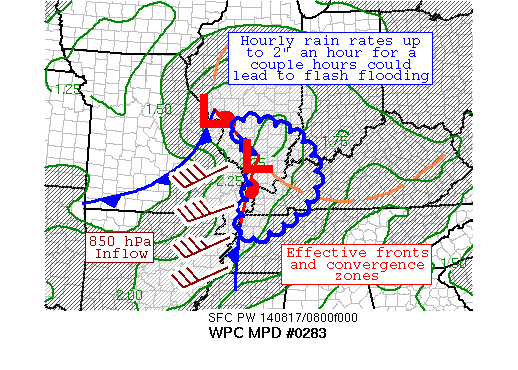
AREAS AFFECTED...PORTIONS OF MID-MISSISSIPPI VALLEY

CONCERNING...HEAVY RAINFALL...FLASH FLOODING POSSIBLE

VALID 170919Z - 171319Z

SUMMARY...BROAD 30-45 KNOT 850 HPA INFLOW HAS CAUSED A RECENT
EXPANSION OF THUNDERSTORM ACTIVITY ACROSS SOUTHERN IL, WHICH
SHOULD SHIFT SOUTHWARD INTO WESTERN KY WITH TIME.  FLASH FLOODING
IS POSSIBLE.

DISCUSSION...RECENT REDEVELOPMENT OF CONVECTION ACROSS SOUTHERN IL
NEAR A STATIONARY FRONT APPEARS TIED TO A RECENT INCREASE OF 850
HPA INFLOW FROM 30-45 KNOTS PER AREA VAD WIND PROFILES.  THIS IS
CAUSING SOME CELL TRAINING ACROSS SOUTHERN IL, WHICH HAS RECEIVED
3-5" OF RAIN OVER THE PAST FEW HOURS PER RADAR ESTIMATES, NEAR
THEIR FLASH FLOOD GUIDANCE.  THIS STRENGTHENED INFLOW HAS BEEN
ABLE TO TAP FAIRLY DISTANT 500+ J/KG CAPE ACROSS SOUTHEAST MO.

THE EXPECTATION, NOW THAT THE INFLOW HAS INCREASED, IS FOR CELL
TRAINING ACROSS SOUTHERN IL AND WESTERN KY ACROSS THE NEXT SEVERAL
HOURS.  NONE OF THE MESOSCALE QPF HAS BEEN CLOSE TO CORRECT
CONCERNING THE MAGNITUDE OF THE PRECIPITATION THUS FAR, OTHER THAN
THE 12Z RUN OF EXREF MEMBER NUMBER 7 AND A RANDOM RUN OF THE HRRR
FROM SEVERAL HOURS AGO.  HOURLY RAIN RATES OF UP TO 2.5" AN HOUR
ARE SUPPORTED FROM THE 2.25" PRECIPITABLE WATER VALUES, WHICH
COULD LEAD TO 3-5" OF RAINFALL WHERE CELLS TRAIN FOR 1-2 HOURS.